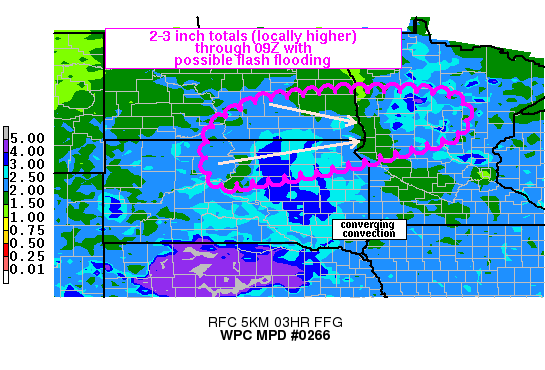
AREAS AFFECTED...SRN ND...NRN SD INTO WRN MN

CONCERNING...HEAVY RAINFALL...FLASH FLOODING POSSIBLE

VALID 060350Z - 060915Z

SUMMARY...CONTINUED DEVELOPMENT OF CONVECTION ACROSS THE DAKOTAS
MAY EVOLVE INTO FLASH FLOODING FOR A FEW LOCATIONS FROM SOUTHERN
ND...NORTHERN SD INTO WESTERN MN. 2-3 INCHES OF RAIN...LOCALLY
HIGHER...CAN BE EXPECTED THROUGH 09Z.

DISCUSSION...REGIONAL RADAR FROM 03Z SHOWED A FEW AREAS OF
CONVECTION CONVERGING OVER WESTERN SD NEAR A COLD FRONT THAT
STRETCHED FROM EASTERN ND INTO WESTERN SD. AN EASTWARD MOVING
MID-UPPER LEVEL SHORTWAVE WAS EVIDENT IN WATER VAPOR IMAGERY OVER
SOUTHERN SASKATCHEWAN WITH 00Z UPPER AIR DATA AND RAP ANALYSES
INDICATING AN ASSOCIATED JET STREAK WITH 60-70 KT BETWEEN 500-300
MB NEAR THE U.S./CANADIAN BORDER. 00Z SOUNDINGS FROM BIS AND ABR
SHOWED A FAIR DEGREE OF DRY AIR BELOW 500 MB WHICH WHEN COMBINED
WITH SUFFICIENT DIRECTIONAL SHEAR IN THE LOW-MID LEVELS...HAS
ALLOWED CONVECTION TO BE LARGELY OUTFLOW DOMINANT THROUGH THE
EARLY OVERNIGHT HOURS.

SHORT TERM FORECASTS FROM THE RAP SUPPORT INCREASING 850-700 MB
LOW LEVEL MOISTURE TRANSPORT INTO THE EASTERN DAKOTAS BETWEEN
06-09Z ALONG WITH A SLIGHT STRENGTHENING OF THE AFOREMENTIONED
MID-UPPER LEVEL JET STREAK WITHIN AN INCREASINGLY DIFFLUENT FLOW
PATTERN ALOFT. THESE FACTORS SHOULD HELP TO SUPPORT ADDITIONAL
CONVECTION OVER SOUTHEASTERN NORTH DAKOTA OVER THE NEXT COUPLE OF
HOURS WHICH SHOULD MEET WITH ONGOING CONVECTION IN NORTHWESTERN SD
WHICH IS MOVING TO THE EAST. GIVEN DECREASING DIRECTIONAL SHEAR
BETWEEN THE 850-700 MB AND CLOUD BEARING LAYER MEAN WIND
VECTORS...THE ENVIRONMENT MAY SUPPORT PERIODS OF TRAINING ALONG
WITH CELL MERGERS WHICH COULD ALLOW FOR A FLASH FLOODING FOR ONE
OR TWO LOCATIONS. 2-3 INCH RAINFALL TOTALS WILL BE
POSSIBLE...LOCALLY HIGHER...THROUGH APPROXIMATELY 09Z.